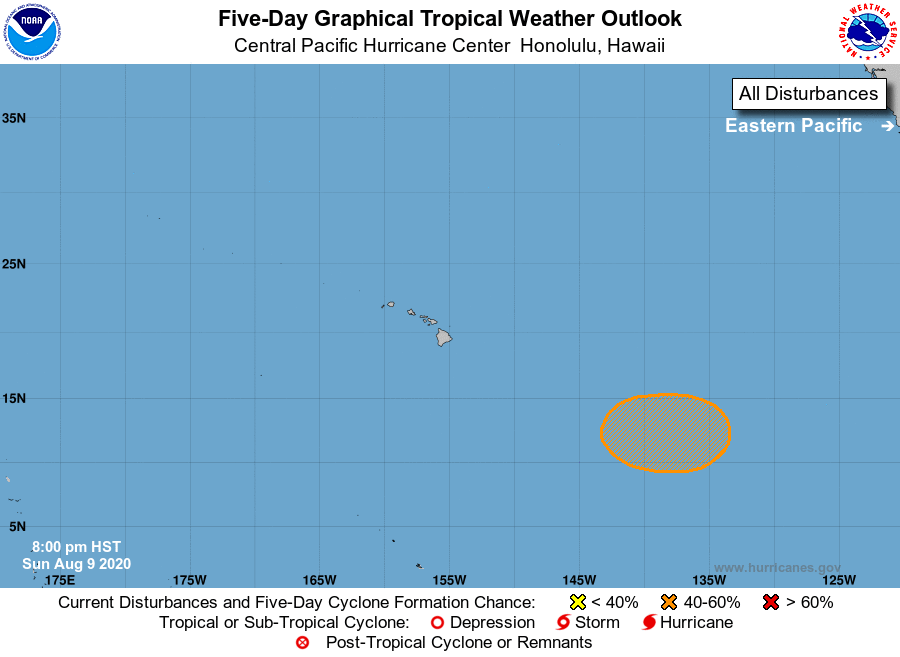
For the central North Pacific...between 140W and 180W:

1. An area of low pressure is expected to form around 1400 miles southeast of Hilo, Hawaii in a few days. Environmental conditions are forecast to be conducive for gradual development, and a tropical depression could form late this week while the system moves slowly westward toward the central Pacific basin.
* Formation chance through 48 hours...low...near 0 percent.
* Formation chance through 5 days...medium...50 percent.

Elsewhere, no tropical cyclones are expected during the next 5 days.

Forecaster Gibbs